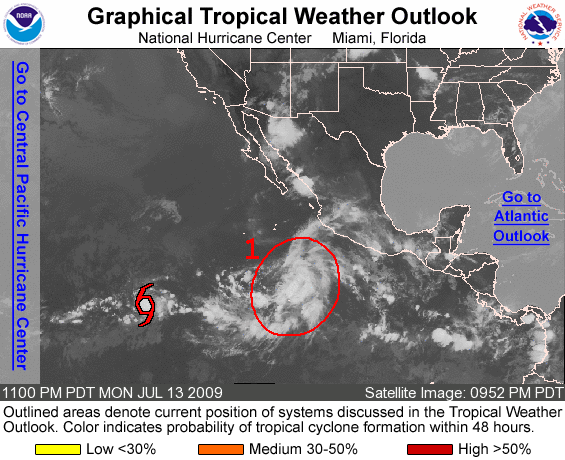
FOR THE EASTERN NORTH PACIFIC...EAST OF 140 DEGREES WEST LONGITUDE..

THE NATIONAL HURRICANE CENTER IS ISSUING ADVISORIES ON TROPICAL STORM CARLOS...LOCATED ABOUT 1455 MILES SOUTHWEST OF THE SOUTHERN TIP OF BAJA CALIFORNIA.

1. THE BROAD AREA OF LOW PRESSURE LOCATED SEVERAL HUNDRED MILES SOUTH-SOUTHWEST OF MANZANILLO MEXICO HAS BECOME BETTER ORGANIZED TONIGHT. CONDITIONS REMAIN FAVORABLE FOR FURTHER DEVELOPMENT OF THIS SYSTEM...AND A TROPICAL DEPRESSION COULD FORM IN THE NEXT DAY OR SO AS IT MOVES WEST OR WEST-NORTHWESTWARD AT 10 TO 15 MPH. THERE IS A HIGH CHANCE...GREATER THAN 50 PERCENT...OF THIS SYSTEM BECOMING A TROPICAL CYCLONE DURING THE NEXT 48 HOURS.

ELSEWHERE...TROPICAL CYCLONE FORMATION IS NOT EXPECTED DURING THE NEXT 48 HOURS.

FORECASTER KIMBERLAIN/PASCH